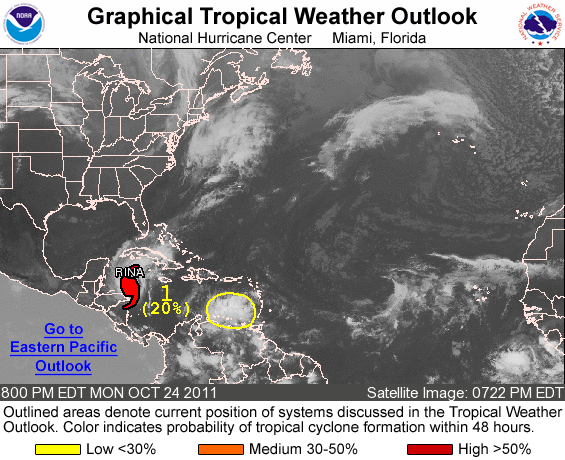
FOR THE NORTH ATLANTIC...CARIBBEAN SEA AND THE GULF OF MEXICO...

THE NATIONAL HURRICANE CENTER IS ISSUING ADVISORIES ON RECENTLY UPGRADED HURRICANE RINA...LOCATED ABOUT 195 MILES SOUTHWEST OF GRAND CAYMAN.

1. A BROAD LOW PRESSURE SYSTEM LOCATED ABOUT 100 MILES NORTH OF MARGARITA ISLAND VENEZUELA IS PRODUCING WIDESPREAD CLOUDINESS AND SCATTERED THUNDERSTORMS OVER MUCH OF THE SOUTHEASTERN CARIBBEAN SEA AND ADJACENT LAND AREAS. UPPER-LEVEL WINDS ARE ONLY MARGINALLY CONDUCIVE FOR DEVELOPMENT AT THIS TIME...BUT THEY COULD BECOME SOMEWHAT MORE FAVORABLE IN A COUPLE OF DAYS WHEN THE LARGE DISTURBANCE MOVES INTO THE CENTRAL CARIBBEAN SEA. THIS SYSTEM HAS A LOW CHANCE...20 PERCENT...OF BECOMING A TROPICAL CYCLONE DURING THE NEXT 48 HOURS AS IT MOVES WEST-NORTHWESTWARD AT 10 TO 15 MPH. REGARDLESS OF DEVELOPMENT...LOCALLY HEAVY RAINFALL AND GUSTY WINDS ARE EXPECTED ACROSS ARUBA...BONAIRE...AND CURACAO THROUGH TONIGHT. FOR ADDITIONAL INFORMATION SPECIFIC TO YOUR AREA...PLEASE SEE STATEMENTS ISSUED BY YOUR LOCAL WEATHER OFFICE.

ELSEWHERE...TROPICAL CYCLONE FORMATION IS NOT EXPECTED DURING THE NEXT 48 HOURS.

FORECASTER STEWART